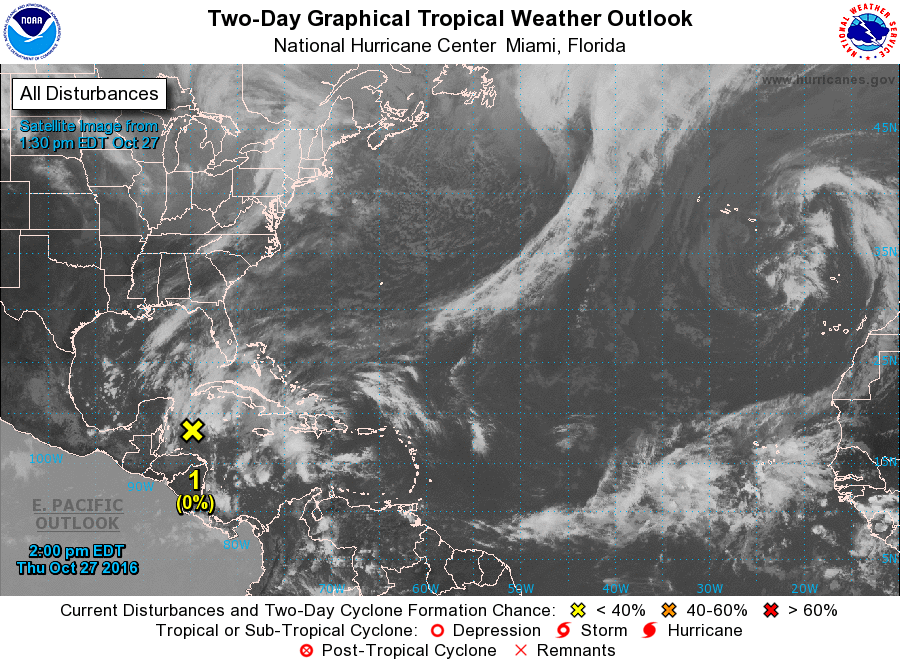
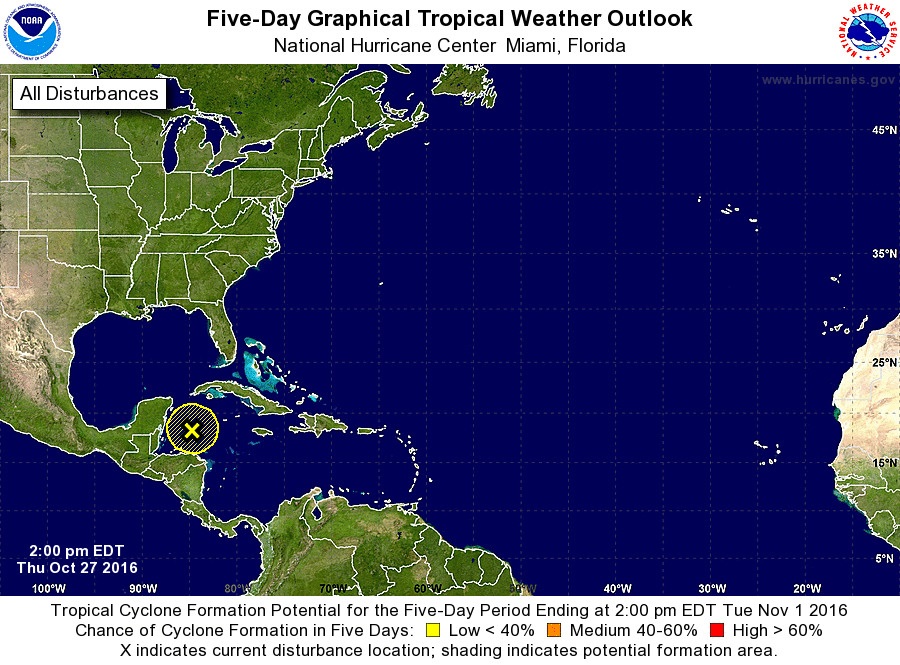
For the North Atlantic...Caribbean Sea and the Gulf of Mexico:

1. A broad area of low pressure located over the Gulf of Honduras is producing a large area of disorganized showers and thunderstorms that extend from near Jamaica westward over the northwestern Caribbean Sea for several hundred miles. Although development of this system is not expected, locally heavy rains are possible in Jamaica, Cuba, the Cayman Islands, and the coast of Honduras during the next few days as the low drifts westward.
* Formation chance through 48 hours...low...near 0 percent
* Formation chance through 5 days...low...near 0 percent

Forecaster Roberts/Beven